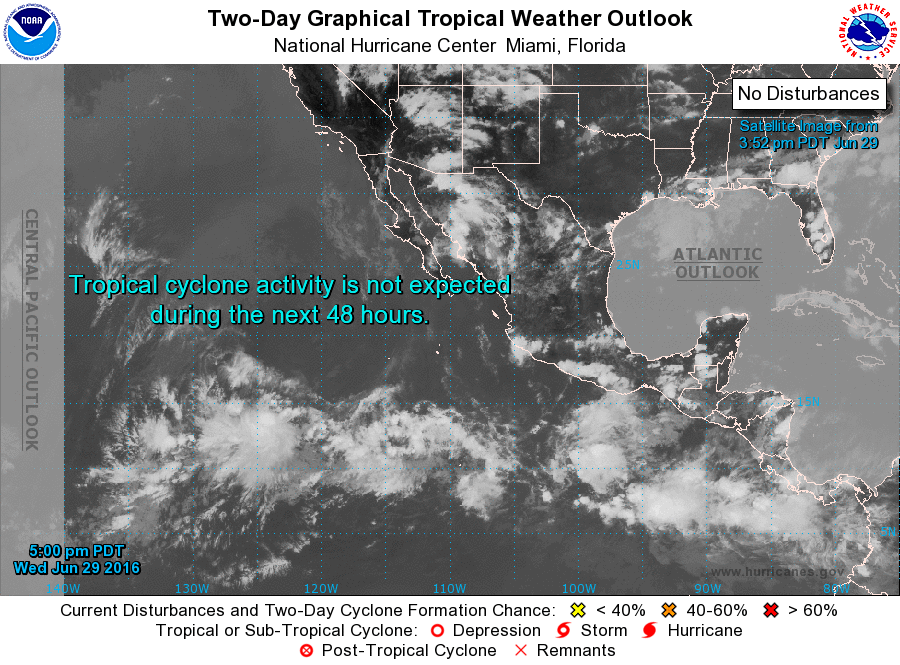
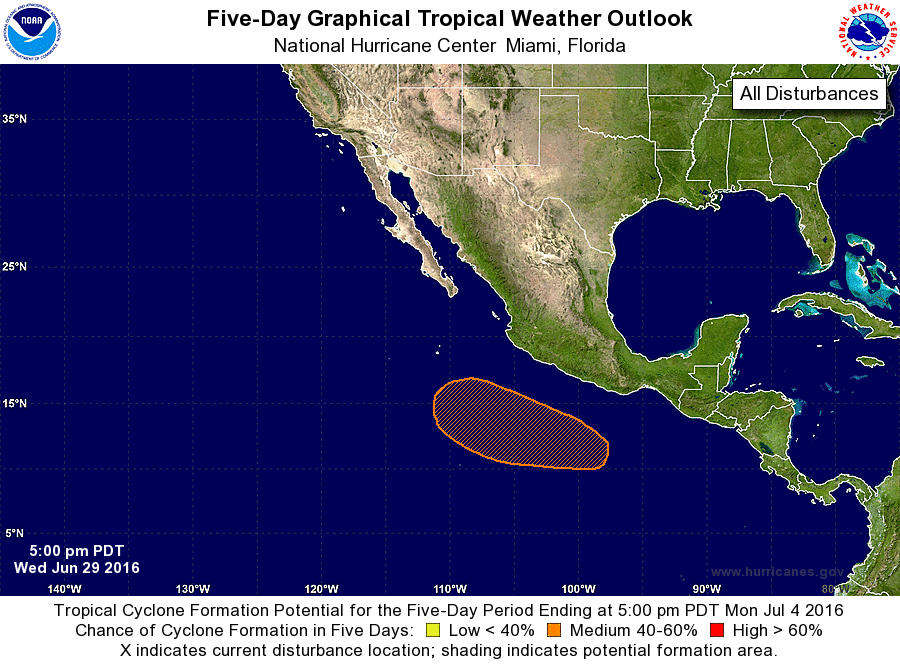
For the eastern North Pacific...east of 140 degrees west longitude:

1. A large area of disturbed weather is located a few hundred miles south of the coast of southern Mexico. A broad area of low pressure is expected to form in this area in a couple of days, and environmental conditions are forecast to be conducive for a tropical depression to develop over the weekend while the system moves generally westward or west-northwestward at 10 to 15 mph, remaining well offshore of the coast of Mexico.
* Formation chance through 48 hours...low...near 0 percent
* Formation chance through 5 days...medium...60 percent

Forecaster Pasch